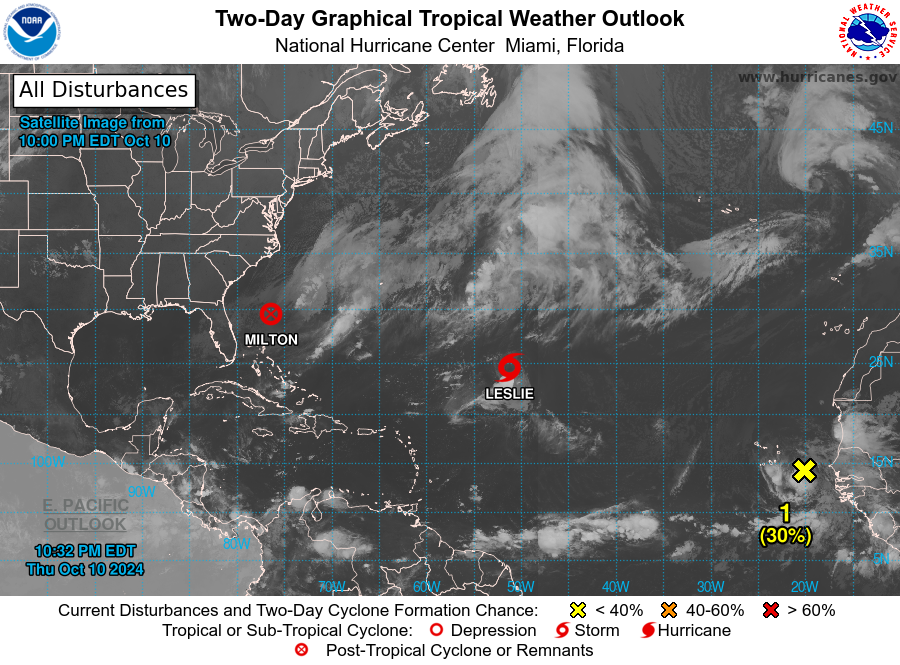
For the North Atlantic...Caribbean Sea and the Gulf of Mexico:

Active Systems: The National Hurricane Center is issuing advisories on recently downgraded Tropical Storm Leslie, located over the central subtropical Atlantic Ocean, and has issued the last advisory on Post-Tropical Cyclone Milton, located off the east coast of central Florida.

1. Eastern Tropical Atlantic (AL94): Recent satellite wind data show that a broad low pressure area with winds of 30 to 35 mph has formed in association with a tropical wave located southeast of the Cabo Verde Islands. However, the system's shower and thunderstorm activity is currently poorly organized. Some additional development could occur while it moves westward or west-northwestward across the eastern tropical Atlantic and the Cabo Verde Islands tonight and Friday. By Saturday, upper-level winds are forecast to become less favorable, and further development is unlikely after that time. Regardless of development, localized areas of heavy rain and gusty winds are possible across portions of the Cabo Verde Islands tonight through Friday.
* Formation chance through 48 hours...low...30 percent.
* Formation chance through 7 days...low...30 percent.

Forecaster Beven